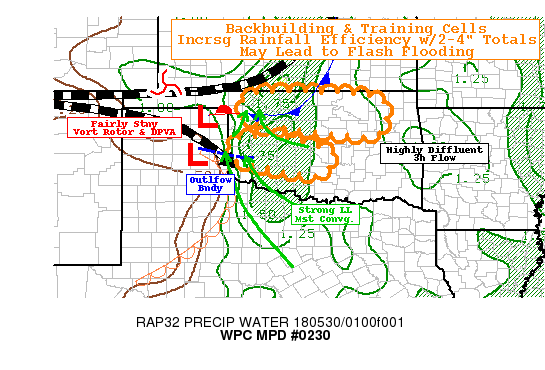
AREAS AFFECTED...NORTHERN AND WESTERN OK...

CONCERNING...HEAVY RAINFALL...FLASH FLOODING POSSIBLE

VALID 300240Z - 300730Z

SUMMARY...STATIONARY BACKBUILDING ENVIRONMENT LIKELY TO LEAD TO
TRAINING CELLS AND POTENTIAL FOR TWO NARROW CORRIDORS FOR FLASH
FLOODING.

DISCUSSION...UPPER LEVEL SYNOPTIC SETUP IDEAL FOR BACKBUILDING
ENVIRONMENT AS UPPER LOW CONTINUES TO LIFT NORTH ACROSS W SD BUT A
STRONG FAIRLY FLAT 80KT JET REMAINS FAIRLY STATIONARY OVER CO/NM
BORDER BEFORE BECOMING HIGHLY DIFFLUENT ACROSS CENTRAL KS AND OK
LEAVING FAIRLY STATIC BROAD UVV ASCENT WITH SUBTLE SHORTWAVE
PULSES SURGING THROUGH BUT ALSO LEAVING PERSISTENT DPVA (WIND
SPEED ROTOR VORT CENTER FAIRLY STATIONARY OVER THE OK PANHANDLE.
THIS HAS LEAD TO RAPID EASTWARD PROGRESSION OF THE CONVECTIVE LINE
ACROSS KS BUT AT THE TAIL END WHERE THE DPVA IS STRONGEST...IT
SUPPORTS LOW LEVEL CYCLOGENESIS AND BACKING 850MB FLOW ACROSS OK.

AT THE SURFACE OUTFLOW BOUNDARY HAS FLATTENED ACROSS NORTHERN OK
WITH A NARROW CORRIDOR OF HIGHLY UNSTABLE BUT MST AS FAR WEST AS
GAGE WITH SFC TDS IN THE MID 60S AND S TO SSELY OF 20 KTS
OVERRUNNING THE BOUNDARY.  AS SUCH STRONG MST CONVERGENCE/UPGLIDE
ALLOWS FOR ADDITIONAL UPDRAFT DEVELOPMENT AND GIVEN UPPER LEVEL
SUPPORT MAINTENANCE.  ALSO SOUTH OF THE AXIS OF DIVERGENT
FLOW...CLOUD BEARING FLOW IS JUST SOUTH OF EAST FAIRLY PARALLEL TO
THE OUTFLOW BOUNDARY ALLOWING FOR A TRAINING CORRIDOR.  WHILE THE
MID-LEVEL ENVIRONMENT SUPPORTS SEVERE HAIL...KDP FROM VNX RADAR
SUGGESTS HAIL IS BEING ACCOMPANIED WITH HVY RAINFALL AND WITH
SATURATING LOW LEVEL PROFILES, EFFICIENCY OF RAINFALL PRODUCTION
WILL BE INCREASING. AS SUCH TRAINING OF 1.5-2"/HR RAIN RATES POSE
FF THREAT GIVEN VERY SLOW EXPECTED EASTWARD SHIFT OF THE
BACKBUILDING GENERATION AREA THROUGH 06Z.  2-4" TOTALS ARE
POSSIBLE AND EVEN THOUGH GROUND CONDITIONS ARE FAIRLY DRY...THIS
MAY STILL EXCEED FFG VALUES AND SUGGEST FLASH FLOODING ESPECIALLY
IN LOCALIZED AREAS WHERE CELLS (DUE TO STRONG SUPERCELL ROTATION)
SLOW FORWARD PROGRESS INCREASING DURATION LOCALLY BUT ALSO
POTENTIALLY LEADING TO CELL MERGERS.

AN ISOLATED BUT GROWING COMPLEX UNENCUMBERED BY OTHER CONVECTION
SOUTH OF IT HAS EVEN GREATER POTENTIAL FOR SUPERCELL/SLOW EASTWARD
PROGRESSION..BETTER MOISTURE FLUX AND AREA TO DRAW FROM.  A DRY
LINE BULGE DENOTED BY CDS VEERING TO SW AND DRYING...LEADS TO
FURTHER INCREASED LOW LEVEL FLOW ACCELERATION DUE TO SLIGHTLY
TIGHTENED PRESSURE GRADIENT.  SIMILAR 2-4" TOTALS ARE POSSIBLE
BEFORE LLJ VEER WITH DIURNAL INERTIAL ROTATION TOWARD 03-04Z
SUPPORTING GREATER EASTWARD PROPAGATION VECTORS.  AGAIN
HERE...FLASH FLOODING IS CONSIDERED IS POSSIBLE.

BETWEEN THE TWO COMPLEXES FROM ELLIS/ROGER MILLS TO LOGAN TO
OKLAHOMA COUNTIES WILL LIKELY REMAIN DRY.